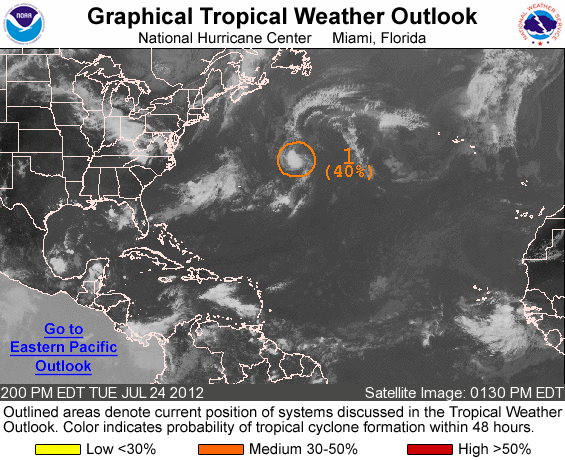
FOR THE NORTH ATLANTIC...CARIBBEAN SEA AND THE GULF OF MEXICO...

1. A NON-TROPICAL LOW PRESSURE SYSTEM LOCATED ABOUT 625 MILES EAST-NORTHEAST OF BERMUDA IS SHOWING SIGNS OF ORGANIZATION AS IT GRADUALLY LOSES FRONTAL CHARACTERISTICS. THIS DISTURBANCE IS MOVING NORTHEASTWARD AT ABOUT 10 TO 15 MPH AND IS LIKELY PRODUCING WINDS AT OR NEAR GALE FORCE. THIS SYSTEM HAS A MEDIUM CHANCE...40 PERCENT...OF BECOMING A TROPICAL CYCLONE BEFORE IT REACHES COOLER WATERS ON WEDNESDAY.

FOR ADDITIONAL INFORMATION...PLEASE SEE HIGH SEAS FORECASTS ISSUED BY THE NATIONAL WEATHER SERVICE.

ELSEWHERE...TROPICAL CYCLONE FORMATION IS NOT EXPECTED DURING THE NEXT 48 HOURS.

&&
HIGH SEAS FORECASTS CAN BE FOUND UNDER AWIPS HEADER NFDHSFAT1 AND WMO HEADER FZNT01 KWBC.

FORECASTER STEWART